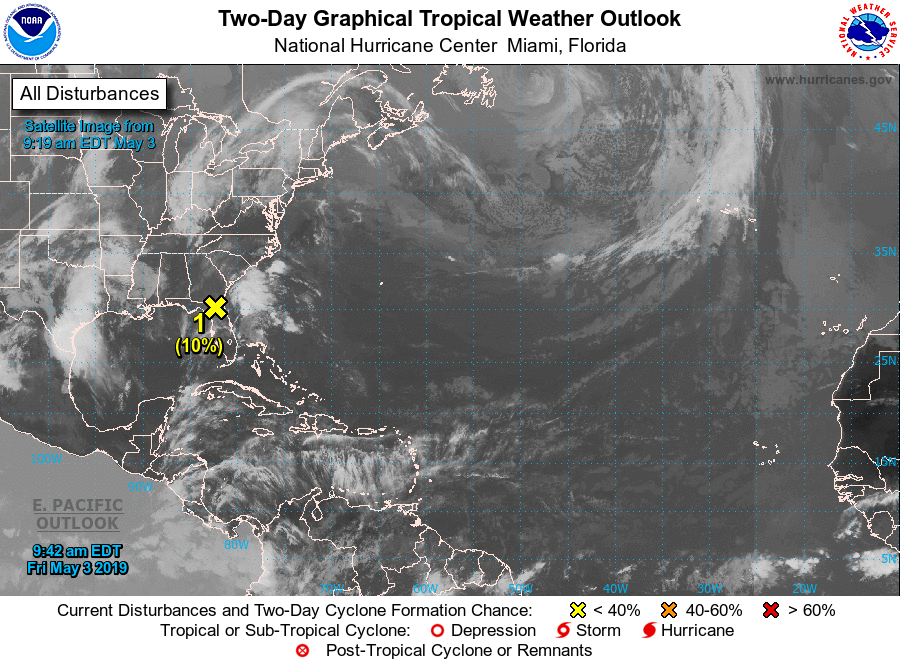
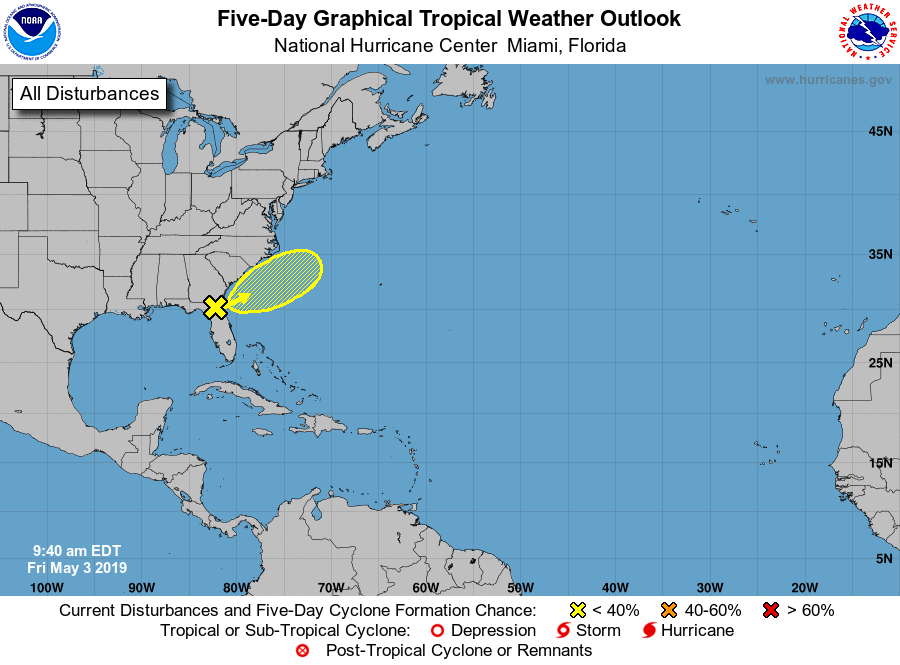
For the North Atlantic...Caribbean Sea and the Gulf of Mexico:

1. A surface trough and broad area of low pressure over northeastern Florida is producing a large area disorganized showers and thunderstorms over the far western Atlantic waters. Environmental conditions are not expected to be conducive for significant development of this system while it moves northeastward along the southeast coast of the United States through Saturday. Later this weekend, the system is expected to merge with a frontal system off the east coast of the United States. Regardless of development, locally heavy rainfall is possible over eastern portions of the Florida peninsula and along the southeast United States coast during the next day or so. The next Special Tropical Weather Outlook will be issued by 10 AM EDT Saturday, or sooner if conditions warrant. Additional information on this system can be found in High Seas Forecasts issued by the National Weather Service.
* Formation chance through 48 hours...low...10 percent.
* Formation chance through 5 days...low...10 percent.

High Seas Forecasts issued by the National Weather Service can be found under AWIPS header NFDHSFAT1, WMO header FZNT01 KWBC, and online at https://ocean.weather.gov/shtml/NFDHSFAT1.php

Forecaster Brown